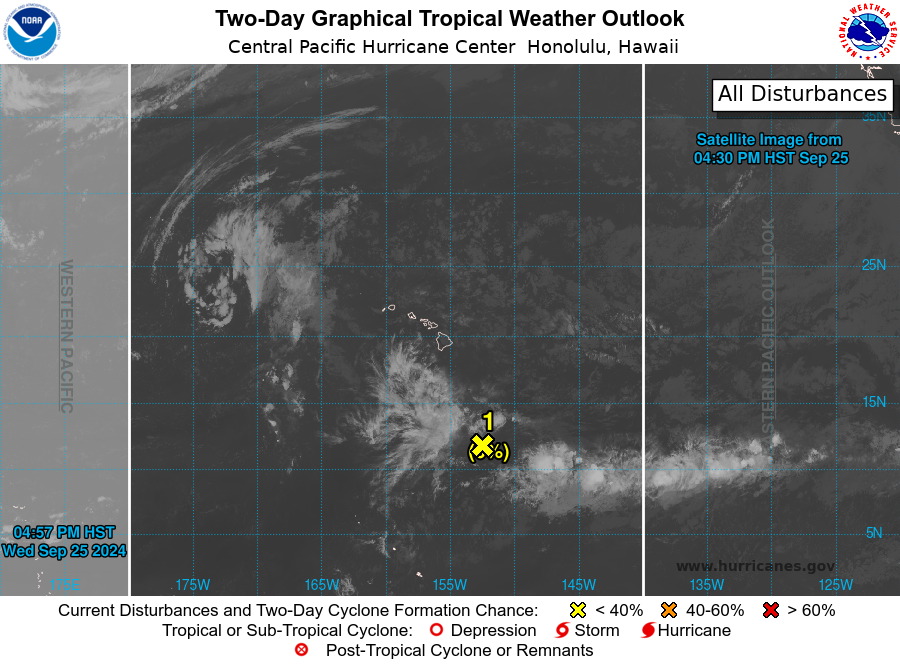
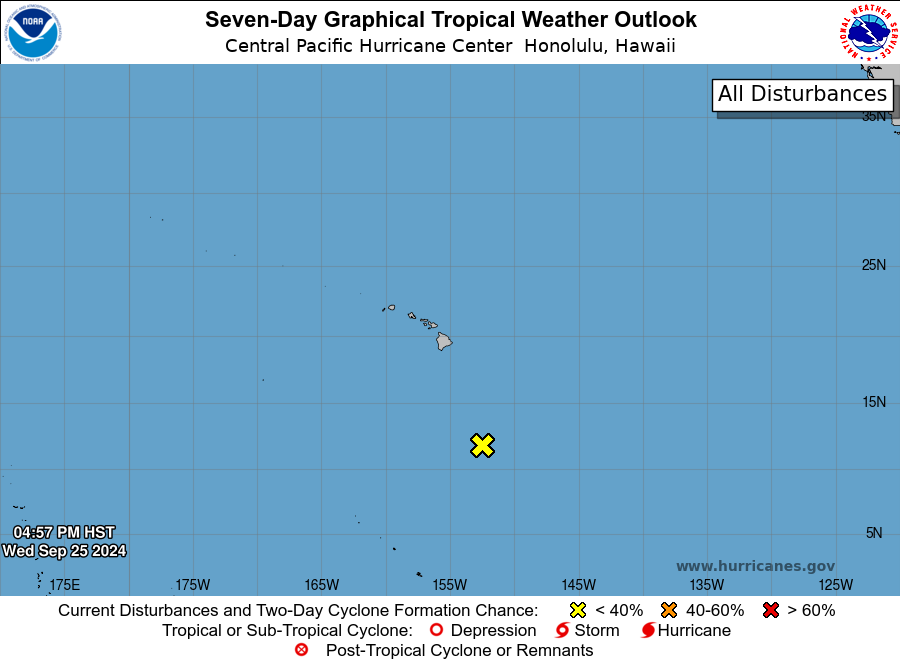
For the central North Pacific...between 140W and 180W:

1. Approximately 550 miles south-southeast of Hilo, Hawaii: A weak low passing south-southeast of Hawaii is producing disorganized thunderstorms displaced from the center. Environmental conditions will remain hostile to any development as this system moves westward at 10 mph during the next few days.
* Formation chance through 48 hours...low...near 0 percent.
* Formation chance through 7 days...low...near 0 percent.

Forecaster Bedal